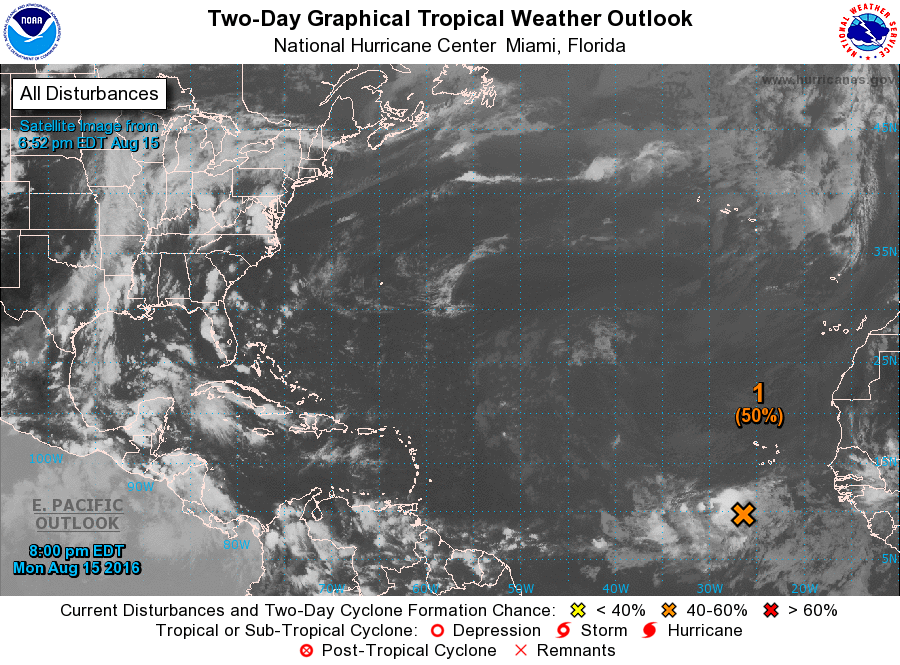
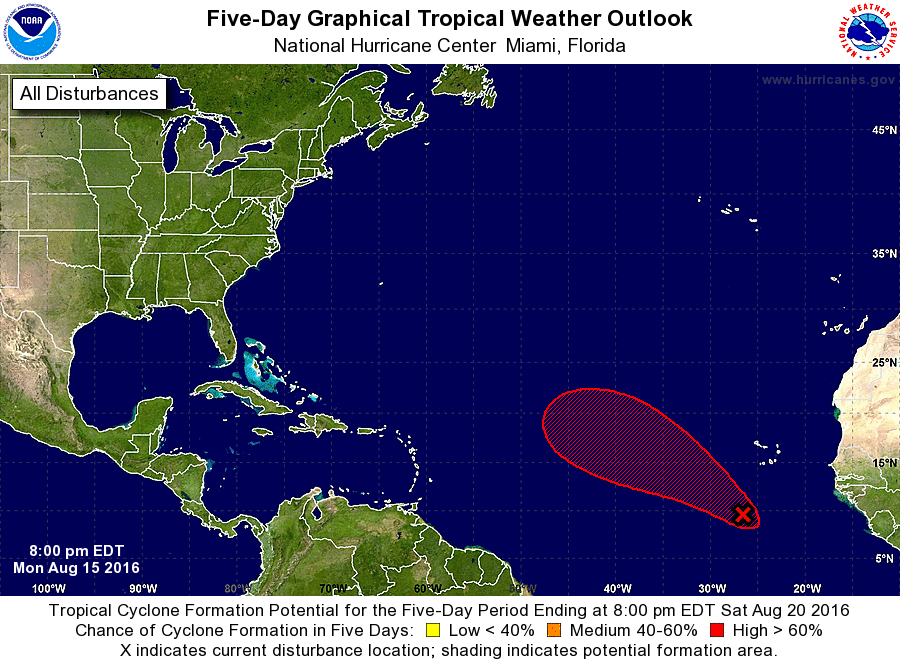
For the North Atlantic...Caribbean Sea and the Gulf of Mexico:

1. A large area of cloudiness and thunderstorms over the eastern Atlantic several hundred miles southwest of the Cabo Verde Islands is associated with a tropical wave. Environmental conditions are expected to be conducive for development during the next few days, and a tropical depression is likely to form while the system moves west-northwestward to northwestward toward the central tropical Atlantic.
* Formation chance through 48 hours...medium...50 percent
* Formation chance through 5 days...high...70 percent

Forecaster Brown